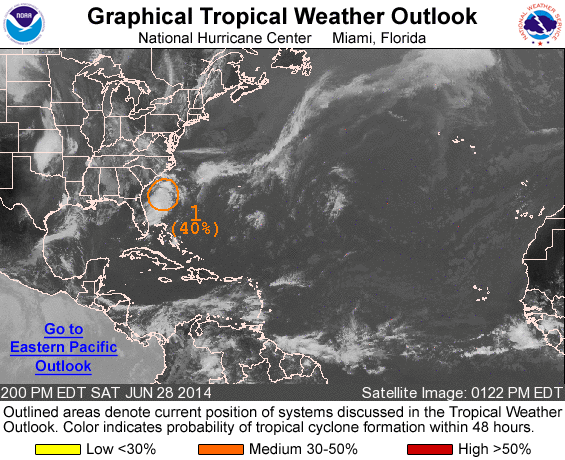
For the North Atlantic...Caribbean Sea and the Gulf of Mexico:

1. A broad low pressure area located about 120 miles southeast of the coast of South Carolina continues to produce disorganized showers and thunderstorms. Environmental conditions are expected to remain conducive for gradual development of this system while it drifts southward offshore of Georgia and northeastern Florida during the next few days.
* Formation chance through 48 hours...medium...40 percent.
* Formation chance through 5 days...high...60 percent.

Forecaster Brown